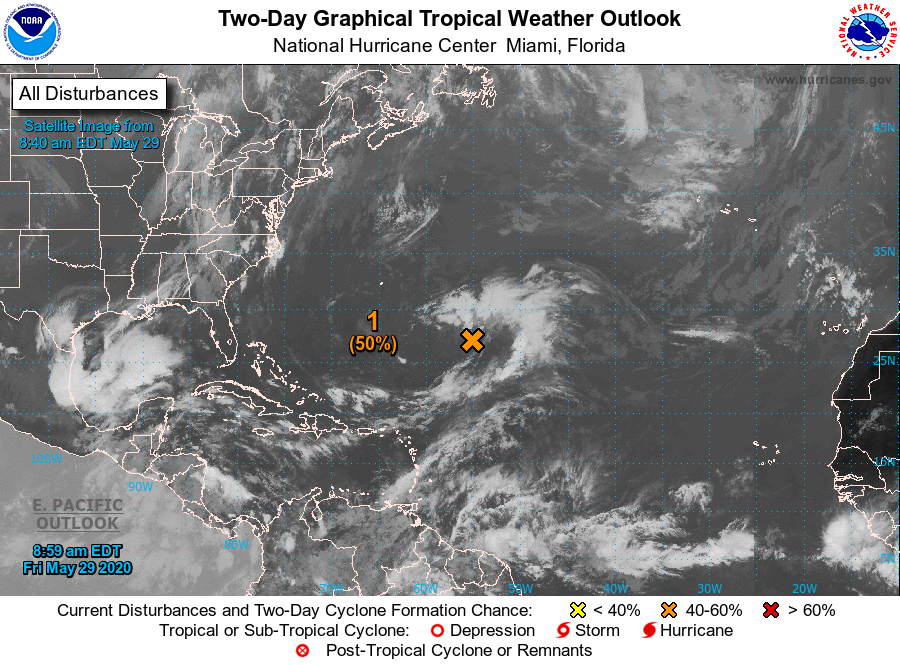
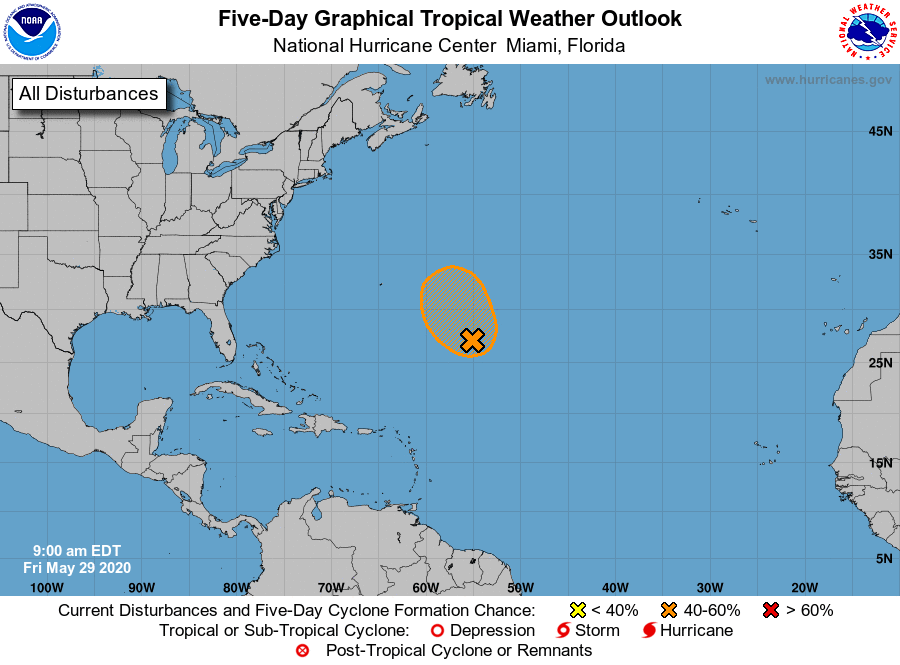
For the North Atlantic...Caribbean Sea and the Gulf of Mexico:

Special Tropical Weather Outlook issued to discuss the area of low pressure over the central Atlantic.

1. A broad area of low pressure appears to be developing over the central Atlantic Ocean several hundred miles east-southeast of Bermuda. This disturbance is producing a large area of showers and thunderstorms and gusty winds. Additional development of this system is possible, and a subtropical depression could form tonight or on Saturday as it moves generally northward. Development is not expected after that time due to unfavorable environmental conditions. The next Special Tropical Weather Outlook will be issued by 9 PM EDT today, or earlier if necessary.
* Formation chance through 48 hours...medium...50 percent.
* Formation chance through 5 days...medium...50 percent.

Forecaster Latto/Cangialosi